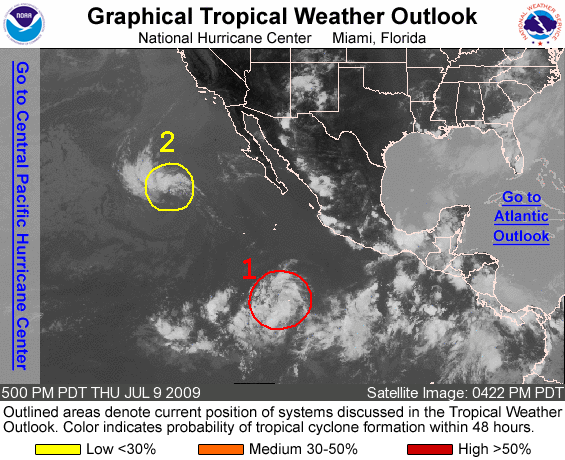
FOR THE EASTERN NORTH PACIFIC...EAST OF 140 DEGREES WEST LONGITUDE..

1. SHOWERS AND THUNDERSTORMS ASSOCIATED WITH AN AREA OF DISTURBED WEATHER LOCATED ABOUT 900 MILES SOUTH OF THE SOUTHERN TIP OF BAJA CALIFORNIA CONTINUE TO SHOW SIGNS OF ORGANIZATION. CONDITIONS APPEAR TO BE FAVORABLE FOR THIS SYSTEM TO BECOME A TROPICAL DEPRESSION TONIGHT OR FRIDAY AS IT MOVES WEST-NORTHWESTWARD AT 10 TO 15 MPH. THERE IS A HIGH CHANCE...GREATER THAN 50 PERCENT...OF THIS SYSTEM BECOMING A TROPICAL CYCLONE DURING THE NEXT 48 HOURS.

2. THE REMNANTS OF BLANCA...ACCOMPANIED BY A FEW SHOWERS...ARE CENTERED ABOUT 900 MILES WEST OF THE SOUTHERN TIP OF BAJA CALIFORNIA.

ELSEWHERE...TROPICAL CYCLONE FORMATION IS NOT EXPECTED DURING THE NEXT 48 HOURS.

FORECASTER PASCH